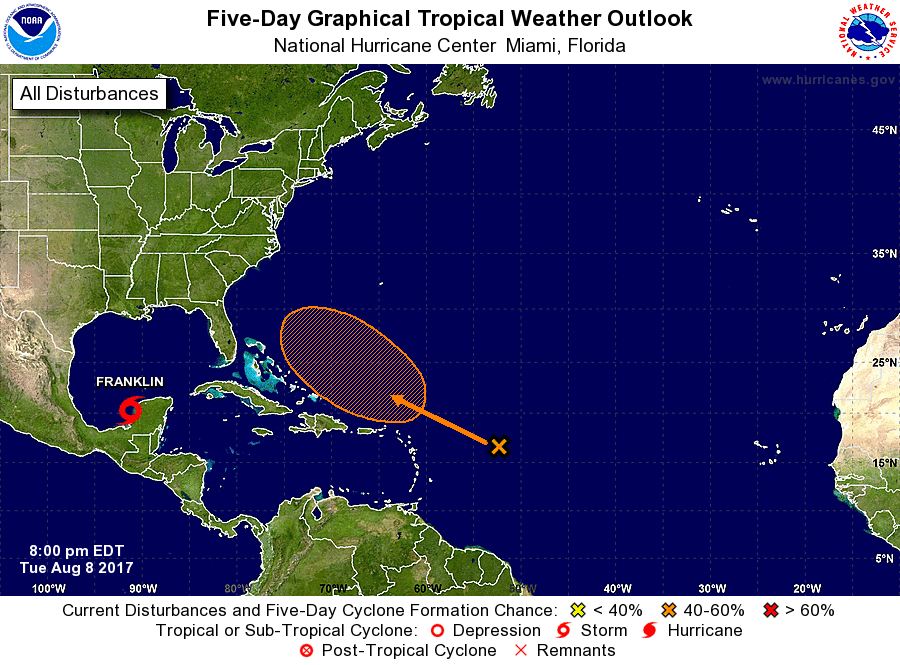
For the North Atlantic...Caribbean Sea and the Gulf of Mexico:

The National Hurricane Center is issuing advisories on Tropical Storm Franklin, located off the west coast of the Yucatan peninsula.

1. A trough of low pressure located about 650 miles east of the Leeward Islands continues to produce disorganized showers and thunderstorms. Environmental conditions are expected to remain unfavorable for significant development during the next couple of days. However, environmental conditions are forecast to become a little more conducive for development late this week while the system moves generally west-northwestward at about 15 mph over the western Atlantic.
* Formation chance through 48 hours...low...near 0 percent.
* Formation chance through 5 days...medium...40 percent.

Forecaster Brown